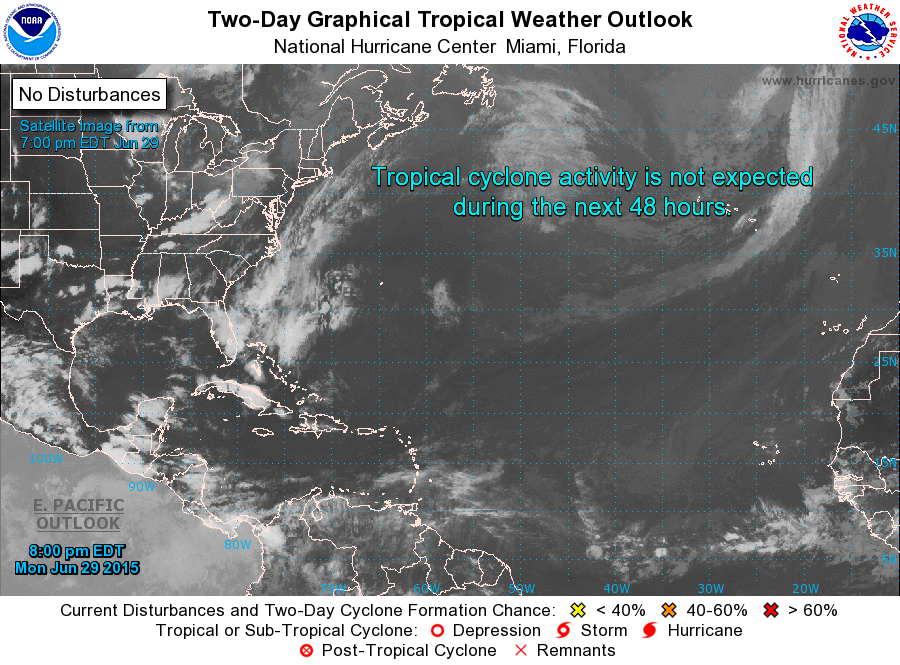
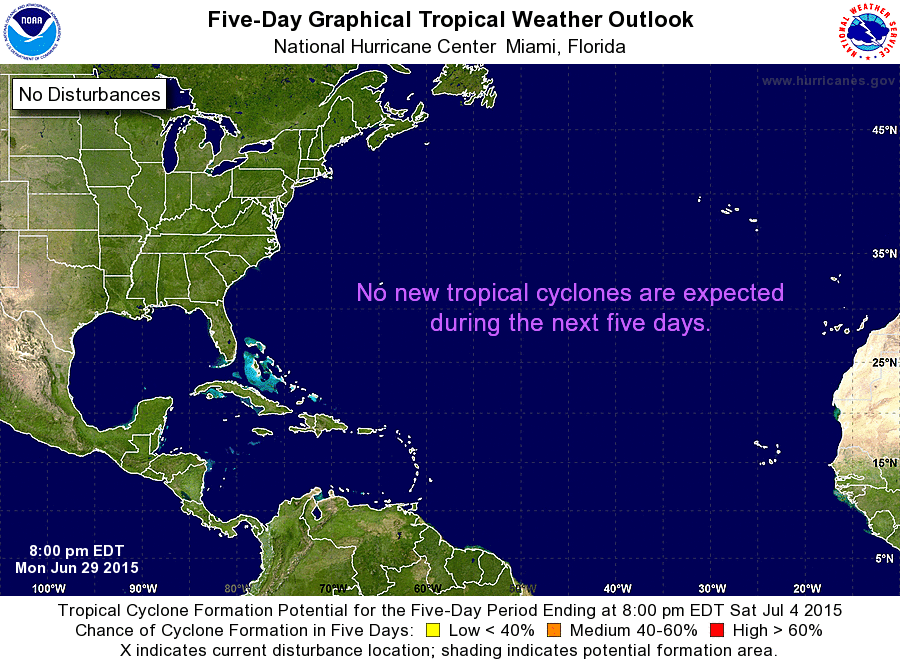
For the North Atlantic...Caribbean Sea and the Gulf of Mexico:

Tropical cyclone formation is not expected during the next 5 days.

Forecaster Pasch